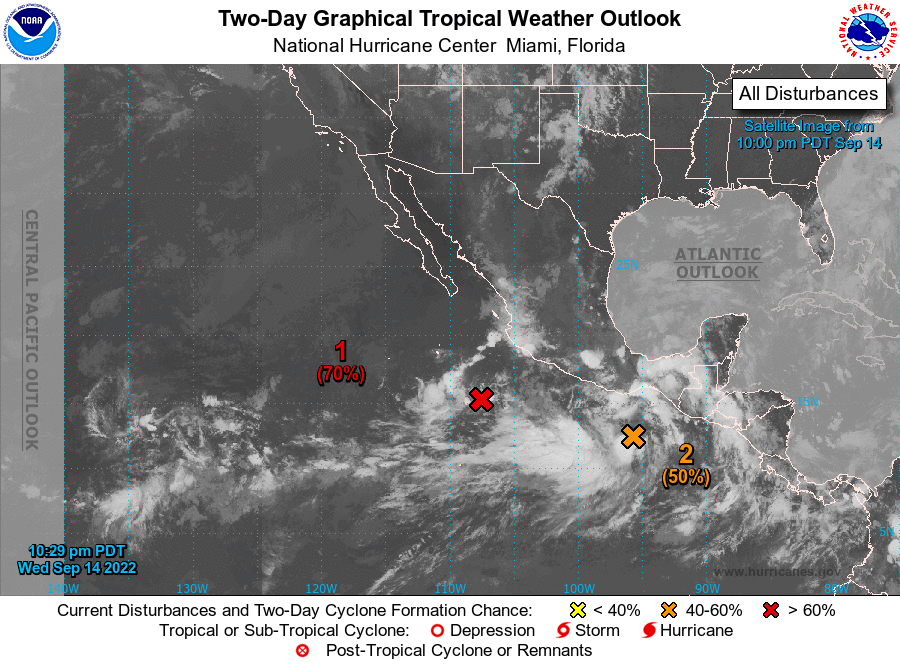
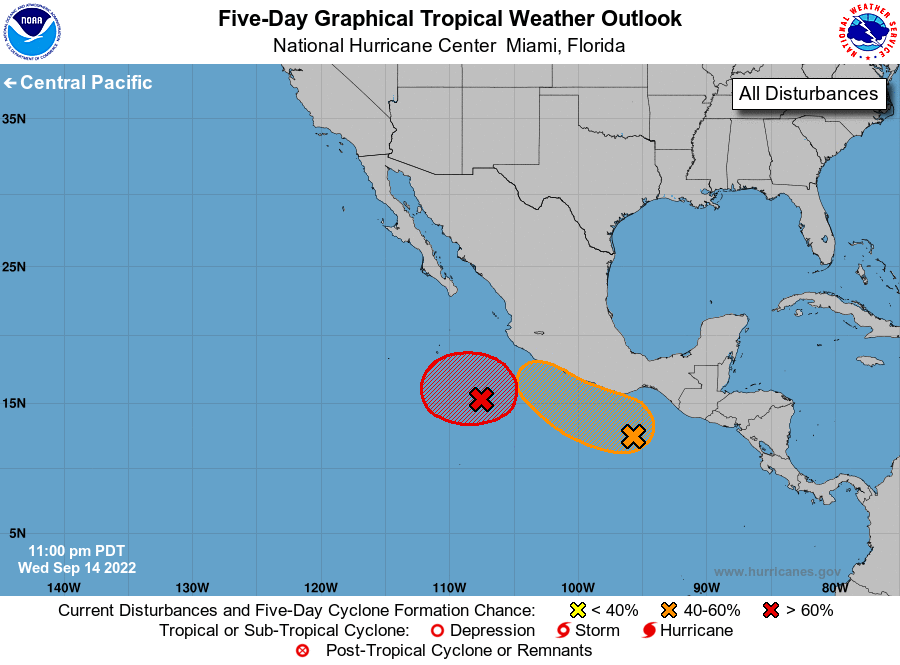
For the eastern North Pacific...east of 140 degrees west longitude:

1. Southwest of Southwestern Mexico: A low pressure system located a few hundred miles southwest of Manzanillo, Mexico, continues to produce showers and thunderstorms, mainly to the west of its center of circulation. Environmental conditions appear conducive for further development of this system, and a tropical depression is likely to form during the next couple of days while meandering southwest of the southwestern coast of Mexico.
* Formation chance through 48 hours...high...70 percent.
* Formation chance through 5 days...high...80 percent.

2. Near the Coast of Southern Mexico: A large area of disorganized showers and thunderstorms located a couple of hundred miles off the coast of southern Mexico is associated with a broad area of low pressure. Gradual development of this system is possible during the next couple of days or so, and a tropical depression could form before reaching the coast of southern or southwestern Mexico, and possibly moving inland, over the weekend.
* Formation chance through 48 hours...medium...50 percent.
* Formation chance through 5 days...medium...60 percent.

Forecaster Bucci